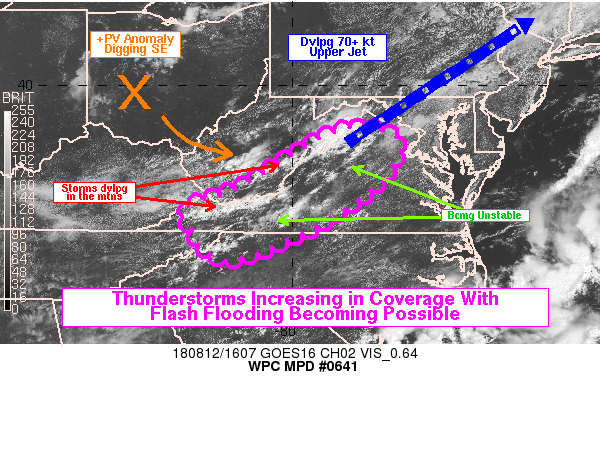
Areas affected...Nrn/Wrn Virginia, Far Ern West Virginia, Far NW
North Carolina

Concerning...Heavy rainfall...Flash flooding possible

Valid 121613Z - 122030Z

Summary...Thunderstorms developing in the central Appalachians
will continue to increase in coverage and begin to move east into
the valleys and Piedmont of central Virginia this afternoon. The
storms should be capable of producing localized very heavy rain
rates, perhaps approaching 3 in/hr at times, which could lead to
flash flooding.

Discussion...GOES-16 satellite showed an early start to convective
development in the central Appalachians today, with numerous
thunderstorms already beginning to form near the WV-VA border. The
early start was likely being aided by some stronger forcing for
ascent, and a still moderately unstable air mass in place across
the region. A prominent +PV anomaly, evident on water vapor
satellite channels, was digging S/SE over Ohio at the moment, and
models projected it to continue digging into West Virginia later
today. This was also leading to an increasing upper level jet
streak from the Mid Atlantic up the Eastern Seaboard, and Virginia
should be squarely in the right entrance region of this jet
streak. Thus, there is certainly support for large scale ascent,
and the early convective initiation confirms that.

Hi-res models show an increasing concentration of convection in
the 18-21Z time frame in western Virginia, with the 12Z HREF
indicating 50+ percent chances of over 2 inches of rain in that
time frame along the I-81 corridor from Roanoke to Harrisonburg,
and locations just east of that. In fact, the hi-res models show
some significant hourly rain rates with the most organized
convective clusters. On many of the models, they peak around 3
in/hr, which would be more than sufficient to produce flash
flooding. An area of model agreement on more substantial rain
rates is across northwest Virginia, from near a more concentrated
band of convection at the moment just NW of Harrisonburg, down
into the area near Charlottesville and Culpeper. Flash flood
guidance also happens to be reduced in those same areas, so that
could be a favored area for flash flooding today. However, flash
flooding will be possible through the entire outlined area.